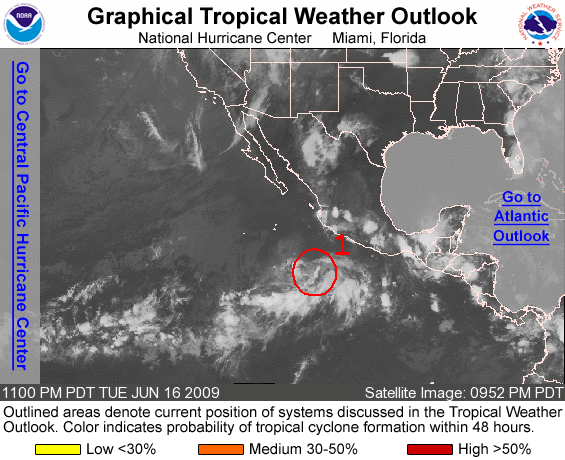
FOR THE EASTERN NORTH PACIFIC...EAST OF 140 DEGREES WEST LONGITUDE..

1. SHOWERS AND THUNDERSTORMS ASSOCIATED WITH AN AREA OF LOW PRESSURE LOCATED ABOUT 350 MILES SOUTH-SOUTHWEST OF MANZANILLO MEXICO CONTINUE TO SHOW SIGNS OF ORGANIZATION. THIS SYSTEM HAS THE POTENTIAL TO BECOME A TROPICAL DEPRESSION DURING THE NEXT DAY OR TWO AS IT MOVES SLOWLY WEST-NORTHWESTWARD. THERE IS A HIGH CHANCE...GREATER THAN 50 PERCENT...OF THIS SYSTEM BECOMING A TROPICAL CYCLONE DURING THE NEXT 48 HOURS.

ELSEWHERE...TROPICAL CYCLONE FORMATION IS NOT EXPECTED DURING THE NEXT 48 HOURS.

FORECASTER BEVEN